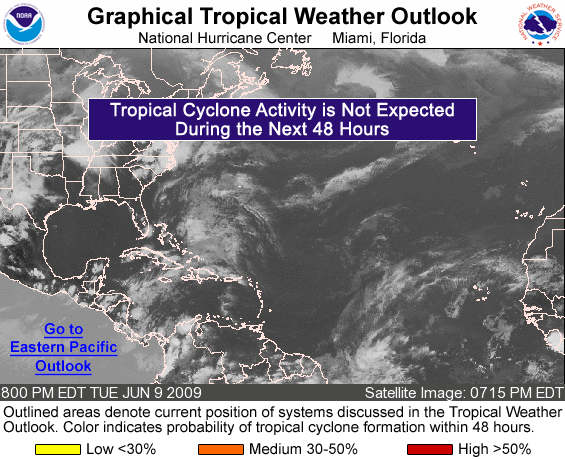
FOR THE NORTH ATLANTIC...CARIBBEAN SEA AND THE GULF OF MEXICO...

TROPICAL CYCLONE FORMATION IS NOT EXPECTED DURING THE NEXT 48 HOURS.

FORECASTER PASCH